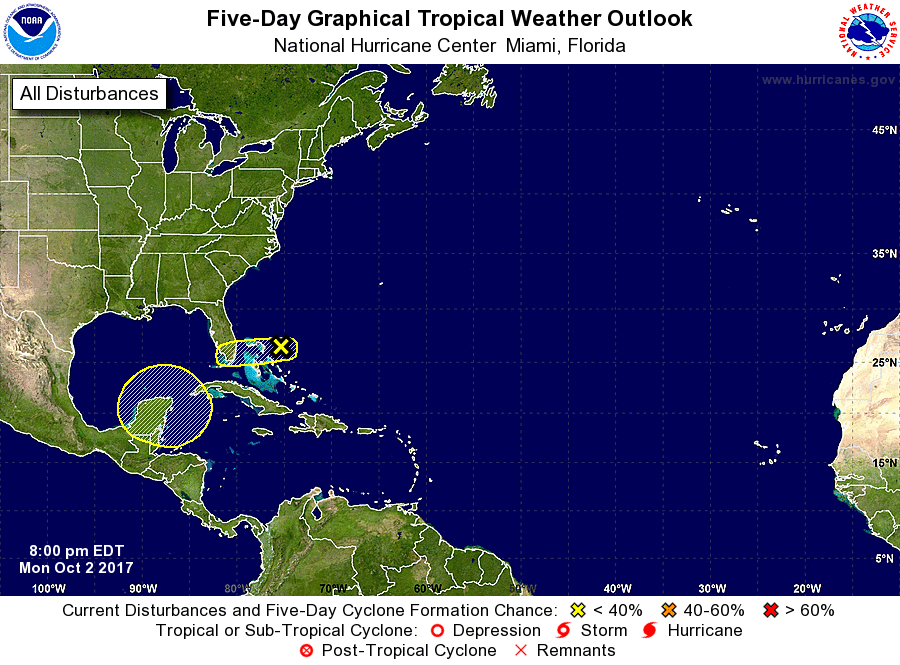
For the North Atlantic...Caribbean Sea and the Gulf of Mexico:

1. An area of low pressure is expected to form over the northwestern Caribbean Sea within the next few days. Some slow development of this system is possible by the weekend while the low drifts northward into the southern Gulf of Mexico.
* Formation chance through 48 hours...low...near 0 percent.
* Formation chance through 5 days...low...20 percent.

2. A sharp trough of low pressure, located about 80 miles east of Great Abaco island in the northernmost Bahamas, is producing an area of scattered showers and thunderstorms. Although tropical cyclone formation is not expected due to hostile upper-level winds, the disturbance is forecast to move westward at about 20 mph for the next day or two, spreading locally heavy rainfall and strong gusty winds in brief squalls across portions of the northwestern Bahamas overnight, and across much of South Florida by Tuesday morning and continuing into Tuesday afternoon.
* Formation chance through 48 hours...low...near 0 percent.
* Formation chance through 5 days...low...near 0 percent.

Forecaster Stewart